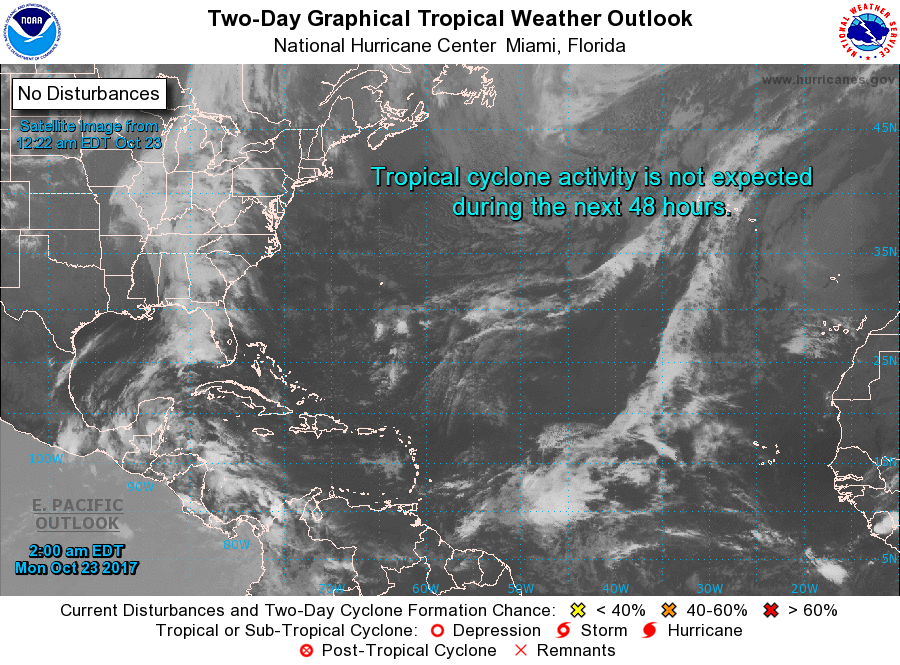
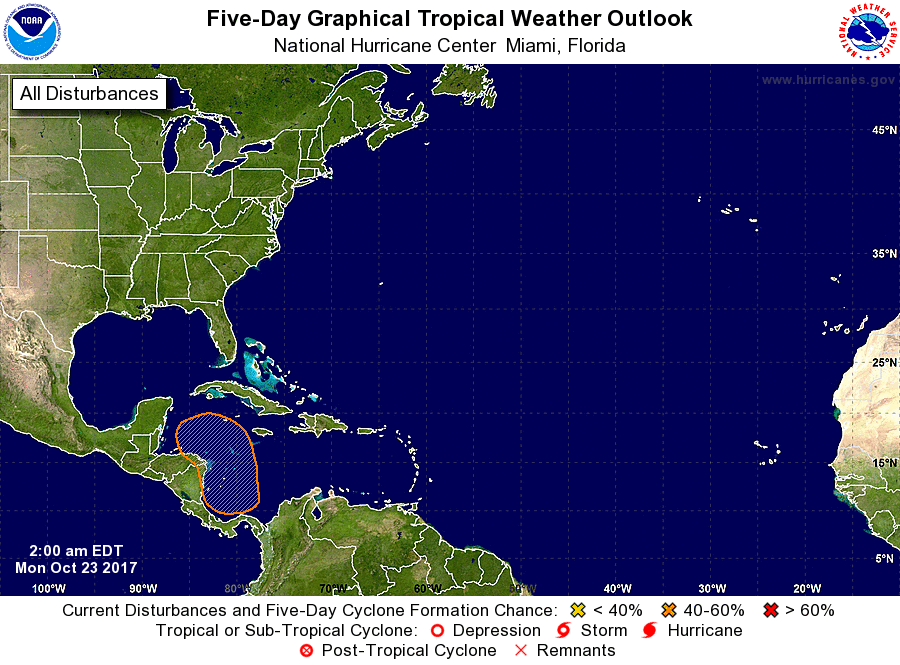
For the North Atlantic...Caribbean Sea and the Gulf of Mexico:

1. A broad area of low pressure is expected to form over the southwestern Caribbean Sea during the next few days. Slow development of this system is possible thereafter while it moves northwestward to northward.
* Formation chance through 48 hours...low...near 0 percent.
* Formation chance through 5 days...medium...40 percent.

Forecaster Stewart